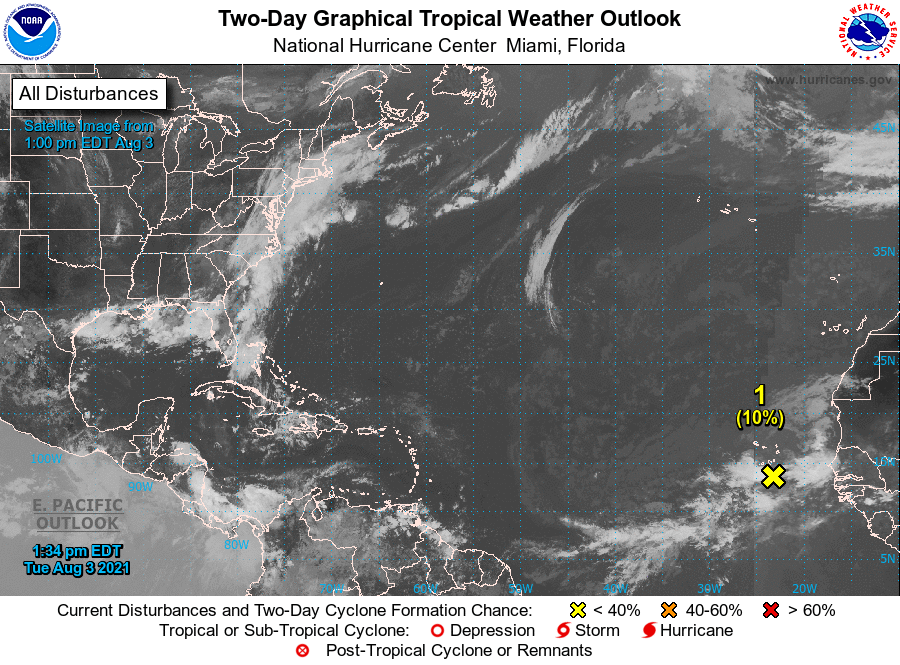
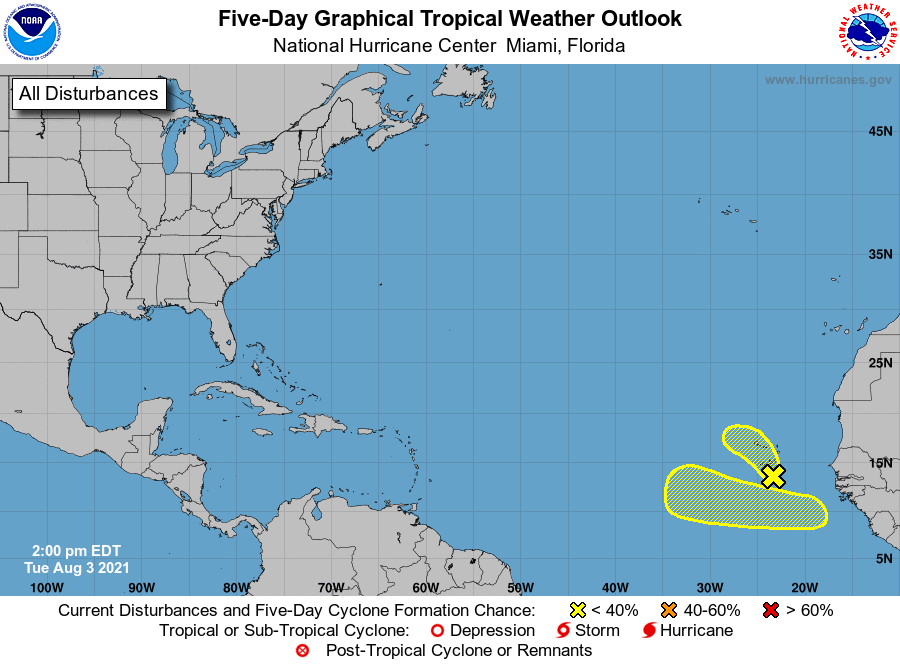
For the North Atlantic...Caribbean Sea and the Gulf of Mexico:

1. A small area of low pressure with some associated showers and thunderstorms is located about 100 miles south of Praia in the Cabo Verde Islands. Significant development of this system is not expected during the next day or two due to unfavorable upper-level winds and marginally warm waters. The low is forecast to move northward or north-northwestward through Thursday before the system moves over cool waters, ending development chances. Locally heavy rainfall and gusty winds are possible over portions of the Cabo Verde Islands through Wednesday.
* Formation chance through 48 hours...low...10 percent.
* Formation chance through 5 days...low...10 percent.

2. A tropical wave is forecast to move off the west coast of Africa by late Thursday. This system has the potential for slow development over the far eastern Atlantic through the weekend while it moves westward at about 15 mph.
* Formation chance through 48 hours...low...near 0 percent.
* Formation chance through 5 days...low...20 percent.

Forecaster Blake